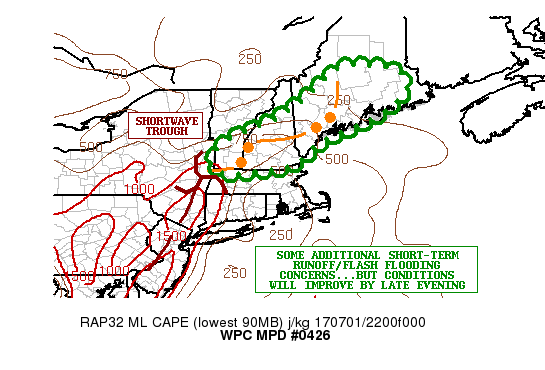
AREAS AFFECTED...SOUTHERN VT...CENTRAL/SOUTHERN
NH...CENTRAL/SOUTHERN ME

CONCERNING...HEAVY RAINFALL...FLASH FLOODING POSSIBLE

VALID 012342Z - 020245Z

SUMMARY...THE THREAT FOR FLASH FLOODING WILL CONTINUE FOR A FEW
MORE HOURS AS SOME ADDITIONAL SHOWERS AND THUNDERSTORMS ARRIVE.

DISCUSSION...A BIT OF SMALL SCALE QLCS CONTINUES TO IMPACT AREAS
OF CENTRAL AND NORTHERN NEW ENGLAND EARLY THIS EVENING AS A
SHORTWAVE TROUGH CONTINUES TO PROGRESSIVELY ADVANCE TO THE
NORTHEAST ACROSS THE INTERIOR OF NEW ENGLAND. THE NOSE OF
INSTABILITY AHEAD OF THE CURRENT CONVECTIVE SEGMENTS IS WANING
WITH ABOUT 500 TO 1000 J/KG OF MLCAPE NOTED UP ACROSS
CENTRAL/WESTERN MA...SOUTHERN VT AND SOUTHERN NH. FARTHER
NORTHEAST INTO SOUTHWEST ME...THE INSTABILITY IS SUBSTANTIALLY
WEAKER OWING TO A COOLER/STABLE BOUNDARY LAYER.

OVER THE NEXT 2 TO 3 HOURS...THERE STILL REMAINS AT LEAST SOME
CONCERN FOR SOME OF THE CONVECTION TO TRACK OVER AREAS THAT HAVE
SEEN HEAVY RAINFALL RECENTLY. SOME BRIEF REPEATING CELL ACTIVITY
WILL REMAIN POSSIBLE TOO UNTIL THE AFOREMENTIONED SHORTWAVE EXITS
THE REGION LATER THIS EVENING IN CONJUNCTION WITH THE EXHAUSTION
OF FAVORABLE THERMODYNAMICS.

CONDITIONS SHOULD IMPROVE CONSIDERABLY BY LATE EVENING ACROSS THE
THREAT AREA...BUT UNTIL THEN...AN ADDITIONAL 1 TO 3 INCHES OF RAIN
LOCALLY WILL BE POSSIBLE. THIS WILL MAINTAIN AT LEAST SOME
ADDITIONAL CONCERNS FOR RUNOFF PROBLEMS AND FLASH FLOODING.